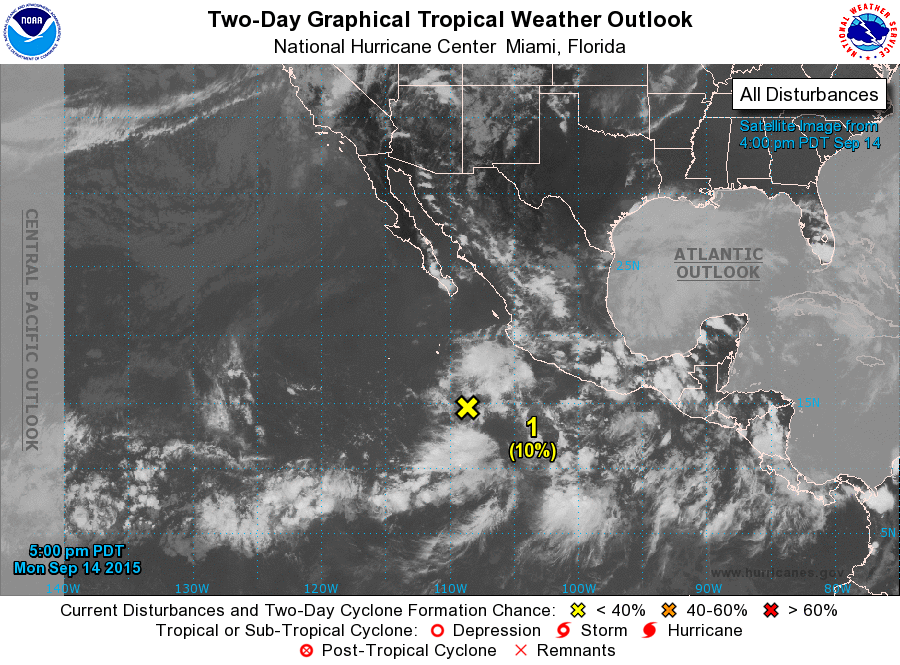
For the eastern North Pacific...east of 140 degrees west longitude:

1. A broad area of low pressure located several hundred miles south of the southern tip of the Baja California peninsula is producing disorganized showers and thunderstorms. Some slow development of this system is possible during the next several days as it moves generally northwestward at 5 to 10 mph.
* Formation chance through 48 hours...low...10 percent
* Formation chance through 5 days...low...30 percent

Forecaster Brown